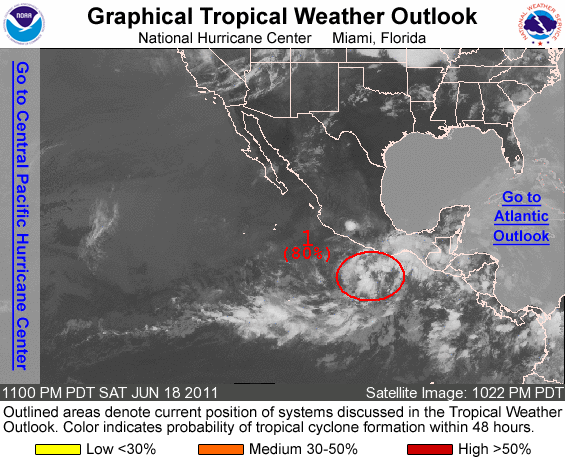
FOR THE EASTERN NORTH PACIFIC...EAST OF 140 DEGREES WEST LONGITUDE..

1. RECENT SATELLITE DATA INDICATE THE LARGE LOW PRESSURE SYSTEM CENTERED ABOUT 300 MILES SOUTH-SOUTHEAST OF ACAPULCO HAS CONTINUED TO BECOME BETTER DEFINED. ALTHOUGH THUNDERSTORM ACTIVITY HAS CHANGED LITTLE OVER THE PAST SEVERAL HOURS...ENVIRONMENTAL CONDITIONS ARE EXPECTED TO REMAIN SOMEWHAT FAVORABLE FOR A TROPICAL DEPRESSION TO FORM AS EARLY AS SUNDAY EVENING. THERE IS A HIGH CHANCE...80 PERCENT...OF THIS SYSTEM BECOMING A TROPICAL CYCLONE DURING THE NEXT 48 HOURS AS IT MOVES WESTWARD TO WEST-NORTHWESTWARD NEAR 10 MPH. INTERESTS ALONG THE SOUTHWESTERN COAST OF MEXICO SHOULD MONITOR THE PROGRESS OF THIS LARGE DISTURBANCE OVER THE NEXT FEW DAYS.

ELSEWHERE...TROPICAL CYCLONE FORMATION IS NOT EXPECTED DURING THE NEXT 48 HOURS.

FORECASTER STEWART